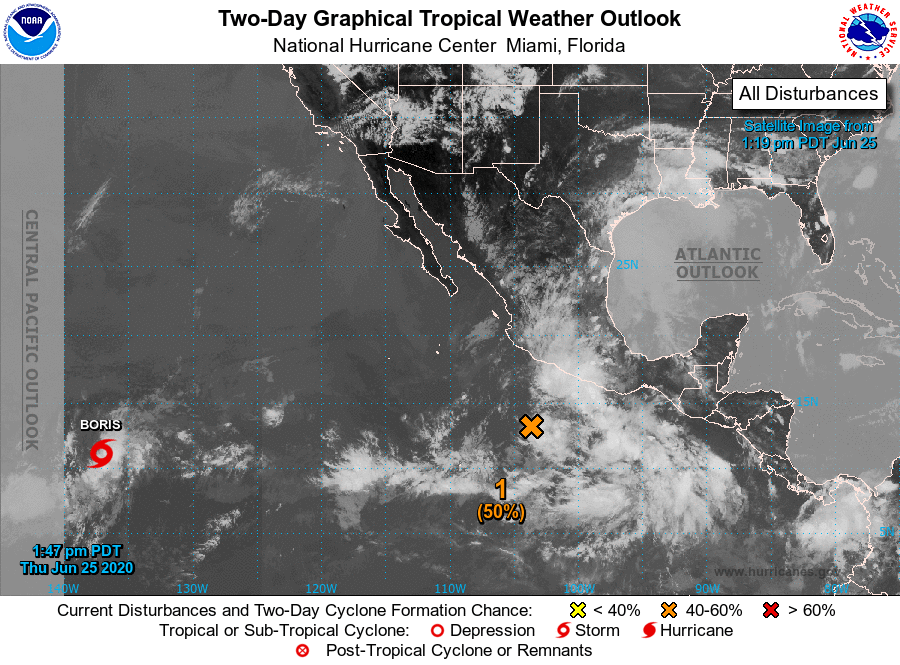
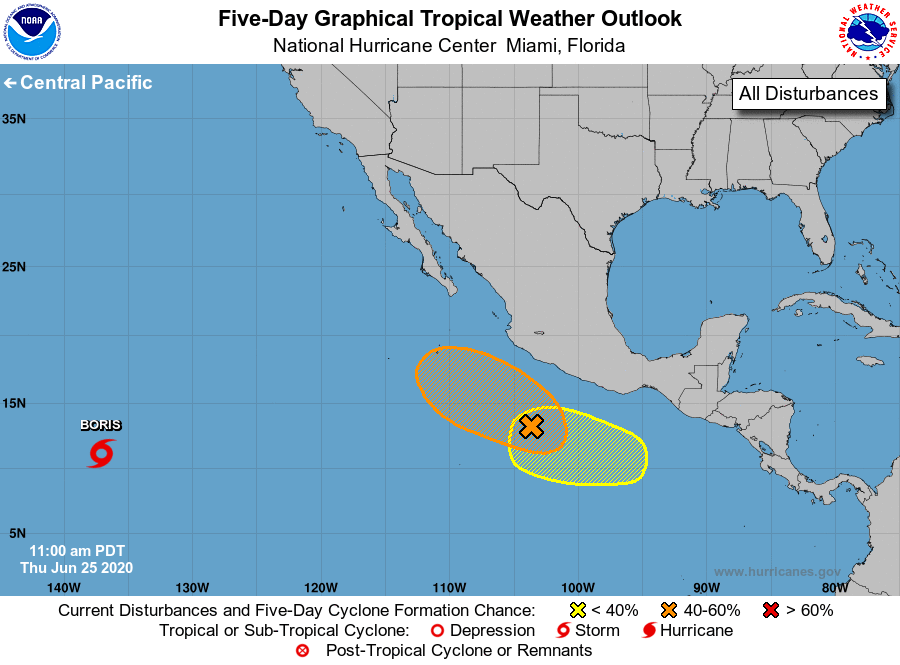
For the eastern North Pacific...east of 140 degrees west longitude:

The National Hurricane Center is issuing advisories on Tropical Depression Three-E, located more than 1900 miles west-southwest of the southern tip of the Baja California peninsula.

1. Showers and thunderstorms associated with a broad area of low pressure located a few hundred miles south of the southwestern coast of Mexico remain disorganized. Environmental conditions are forecast to be conducive for gradual development, and the system could become a tropical depression within the next couple of days while it moves west-northwestward parallel to the coast of Mexico.
* Formation chance through 48 hours...medium...50 percent.
* Formation chance through 5 days...medium...60 percent.

2. Another area of low pressure is forecast to form south of the Gulf of Tehuantepec this weekend or early next week. Gradual development of this system is possible next week as it moves west-northwestward parallel to the coast of Mexico.
* Formation chance through 48 hours...low...near 0 percent.
* Formation chance through 5 days...low...30 percent.

Forecaster Latto